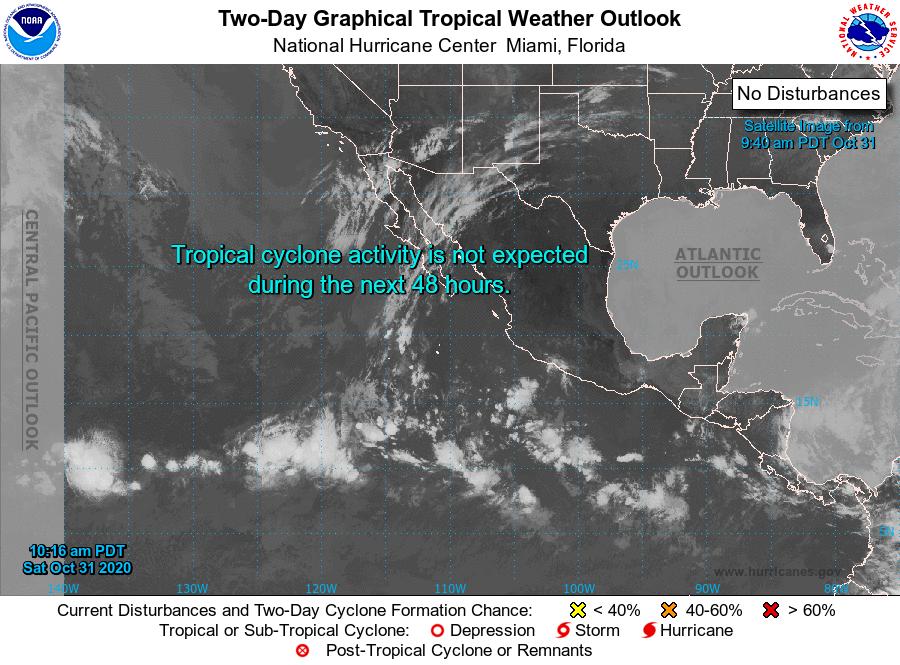
For the eastern North Pacific...east of 140 degrees west longitude:

1. A broad trough of low pressure is forecast to develop south or southwest of the coast of southern Mexico by Monday. Environmental conditions are expected to be favorable for gradual development thereafter, and a tropical depression is likely to form by the middle of the week as the system moves westward to west-northwestward over the eastern Pacific.
* Formation chance through 48 hours...low...near 0 percent.
* Formation chance through 5 days...high...70 percent.

Forecaster Stewart